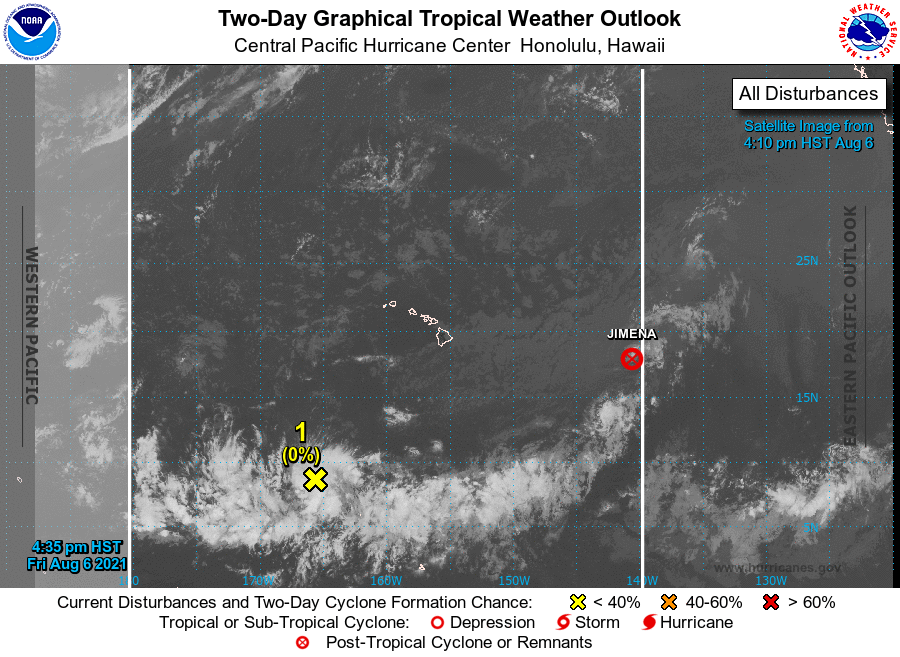
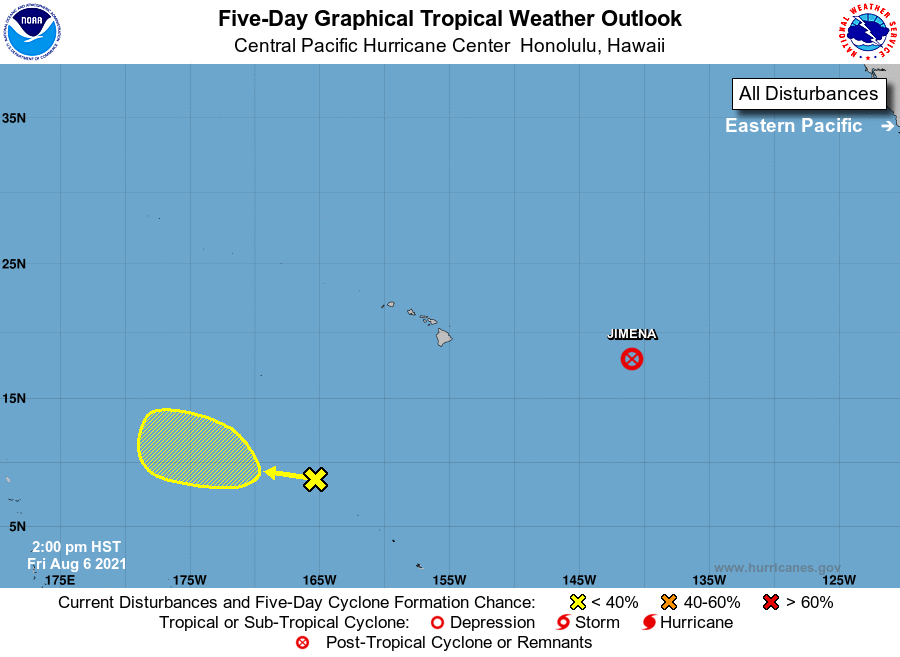
For the central North Pacific...between 140W and 180W:

The National Hurricane Center in Miami, Florida has issued its last advisory on Tropical Depression Jimena, located around 950 miles east southeast of Hilo, Hawaii. Jimena has moved into the Central Pacific Hurricane Center's area of responsibility and they will issue the next advisory by 5 PM HST Friday.

1. An area of disturbed weather located about 1000 miles south southwest of Honolulu, Hawaii is producing an area of disorganized showers and thunderstorms. Environmental conditions are marginally conducive for the slow development of this system during the next several days as it moves west northwest at around 10 mph.
* Formation chance through 48 hours...low...near 0 percent.
* Formation chance through 5 days...low...20 percent.

Elsewhere, no tropical cyclones are expected during the next 5 days.

Public advisories on Tropical Depression Jimena will be issued under WMO header WTPA32 and under AWIPS header HFOTCPCP2. Forecast advisories on Tropical Depression Jimena will be issued under WMO header WTPA22 and under AWIPS header HFOTCMCP2.

Forecaster Blood